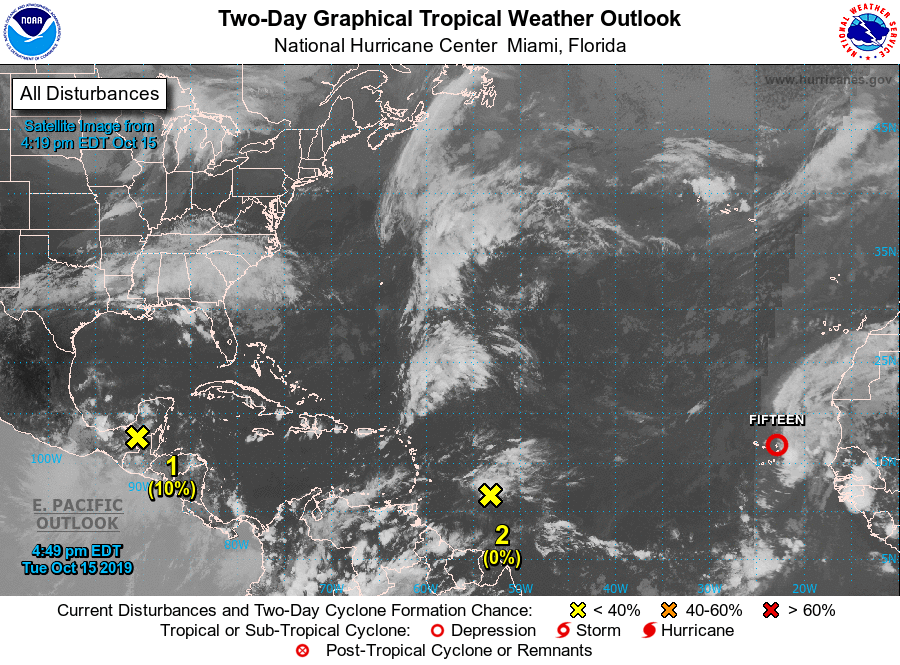
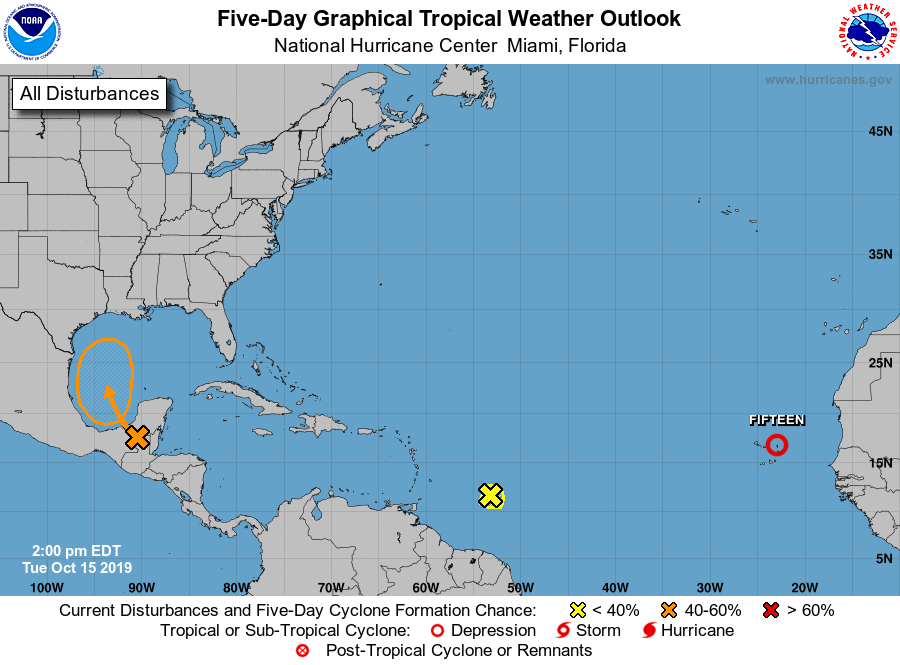
For the North Atlantic...Caribbean Sea and the Gulf of Mexico:

The National Hurricane Center is issuing advisories on Tropical Depression Fifteen, located less than 200 miles east of the Cabo Verde Islands.

1. A trough of low pressure is producing disorganized showers and thunderstorms over the Yucatan peninsula, northern Guatemala, southeastern Mexico, and adjacent waters of the Bay of Campeche. This disturbance and another tropical system over the eastern Pacific Ocean are expected to produce heavy rains across a large portion of Central America during the next couple of days, which could cause flooding and mudslides, especially in mountainous areas. By late Wednesday, the disturbance is forecast to emerge over the Bay of Campeche and gradually turn northward. Environmental conditions could become a little more conducive for some development by Thursday and Friday when the system is located over the western Gulf of Mexico.
* Formation chance through 48 hours...low...10 percent.
* Formation chance through 5 days...medium...40 percent.

2. A tropical wave located less than 500 miles east of the southern Windward Islands is producing limited shower activity. Upper-level winds are expected to become increasingly hostile over the system, and further development of this system is not anticipated while the disturbance moves westward at 15 to 20 mph.
* Formation chance through 48 hours...low...near 0 percent.
* Formation chance through 5 days...low...near 0 percent.

Forecaster Stewart